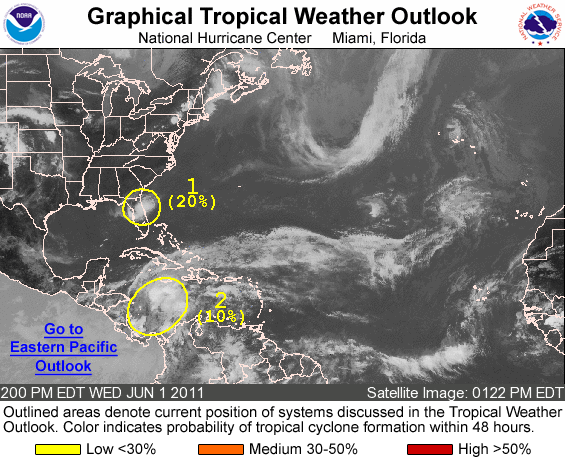
FOR THE NORTH ATLANTIC...CARIBBEAN SEA AND THE GULF OF MEXICO...

1. A SMALL AREA OF LOW PRESSURE LOCATED JUST TO THE EAST OF DAYTONA BEACH FLORIDA IS MOVING WEST-SOUTHWESTWARD NEAR 20 MPH WITH ASSOCIATED SHOWER AND THUNDERSTORM ACTIVITY SPREADING OVER PORTIONS OF NORTHERN AND CENTRAL FLORIDA. SIGNIFICANT DEVELOPMENT OF THIS SYSTEM IS NOT ANTICIPATED WHILE IT MOVES OVER LAND TODAY AND TONIGHT...AND ENVIRONMENTAL CONDITIONS ARE ONLY MARGINALLY FAVORABLE FOR DEVELOPMENT OVER THE NORTHERN GULF OF MEXICO ON THURSDAY. LOCALLY HEAVY RAINFALL AND GUSTY WINDS ARE POSSIBLE OVER NORTH-CENTRAL FLORIDA THROUGH TONIGHT. THERE IS A LOW CHANCE...20 PERCENT...OF THIS SYSTEM BECOMING A TROPICAL CYCLONE DURING THE NEXT 48 HOURS. FOR ADDITIONAL INFORMATION ON THIS SYSTEM...PLEASE SEE PRODUCTS FROM YOUR LOCAL NATIONAL WEATHER SERVICE OFFICE.

2. DISORGANIZED CLOUDINESS AND SHOWERS OVER THE SOUTHWESTERN AND WEST-CENTRAL CARIBBEAN SEA ARE ASSOCIATED WITH A BROAD SURFACE TROUGH. SOME GRADUAL DEVELOPMENT OF THIS SYSTEM IS POSSIBLE ONCE UPPER-LEVEL WINDS BECOME A LITTLE MORE CONDUCIVE LATE THURSDAY AND FRIDAY. THERE IS A LOW CHANCE...10 PERCENT...OF THIS SYSTEM BECOMING A TROPICAL CYCLONE AS IT MOVES LITTLE DURING THE NEXT 48 HOURS.

ELSEWHERE...TROPICAL CYCLONE FORMATION IS NOT EXPECTED DURING THE NEXT 48 HOURS.

ALL NATIONAL HURRICANE CENTER TEXT AND GRAPHICAL PRODUCTS ARE AVAILABLE ON THE WEB AT WWW.HURRICANES.GOV. SIGN UP FOR PRODUCT UPDATES BY EMAIL AT WWW.HURRICANES.GOV/SIGNUP.SHTML...IN ALL LOWER CASE. YOU CAN ALSO INTERACT WITH US ON FACEBOOK AT WWW.FACEBOOK.COM/US.NOAA.NATIONALHURRICANECENTER.GOV.

FORECASTER BERG/PASCH